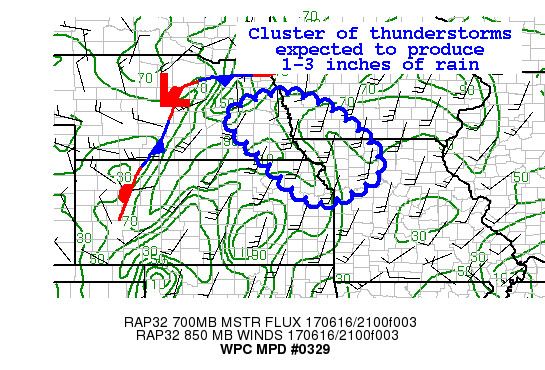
AREAS AFFECTED.......SOUTHEAST NEBRASKA...SOUTHWEST
IOWA...NORTHEAST KS...NORTHWEST MO...

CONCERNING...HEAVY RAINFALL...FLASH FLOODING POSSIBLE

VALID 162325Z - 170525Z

SUMMARY...CLUSTER OF THUNDERSTORMS MOVING SOUTHEAST TO PRODUCE 1
TO 3 INCHES OF RAIN ACROSS SOUTHEAST NEBRASKA TO ADJACENT
SOUTHWEST IA...NORTHEAST KS...AND NORTHWEST MO THIS EVENING...

DISCUSSION...A BAND OF HEAVY SHOWERS AND STORMS HAS FORMED NEAR A
SURFACE FRONT AND IS MOVING STEADILY SOUTHEAST ACROSS EASTERN
NEBRASKA.  THE MODELS AND ENSEMBLES INDICATE LOW-MID LEVEL
WARM/MOIST ADVECTION WITH THE LAST COUPLE OF RAP RUNS SHOWING
PRECIPITABLE WATER VALUES INCREASING TO 1.75-2 INCHES IN THE
INFLOW AXIS.

COUPLED UPPER DIVERGENCE AND CONVERGENCE OF THE INFLOW INTO THE
STORMS'S OUTFLOW SHOULD ALLOW FOR REGENERATION.

18Z GFS FORWARD PROPAGATING CORFIDI VECTORS INDICATE MOTIONS NEAR
30 KT.  STEADY TO FAST FORWARD MOTION WILL LIMIT THE EVENT
POTENTIAL.  THE WRF ARW...NMMB...NSSL WRF...AND LAST COUPLE OF
HIGH RES RAPID REFERESH RUNS SHOW 1-3 INCHES WITH ISOLATED HIGHER
TOTALS POSSIBLE.

GIVEN 3 HOUR FLASH FLOOD GUIDANCE AS LOW AS 1.5 INCHES IN 3 HOURS
ACROSS PATCHES OF SOUTHWEST IOWA TO SOUTHEAST NEBRASKA...HEAVY
DOWNPOURS COULD LEAD TO AMOUNTS OVER THE GUIDANCE VALUES IN
ISOLATED LOCATIONS. DUE TO THE EXPECTED MOVEMENT THE GRAPHIC AND
DISCUSSION INDICATE POSSIBLE RAINFALL EXCEEDING GUIDANCE VALUES
INSTEAD OF LIKELY.